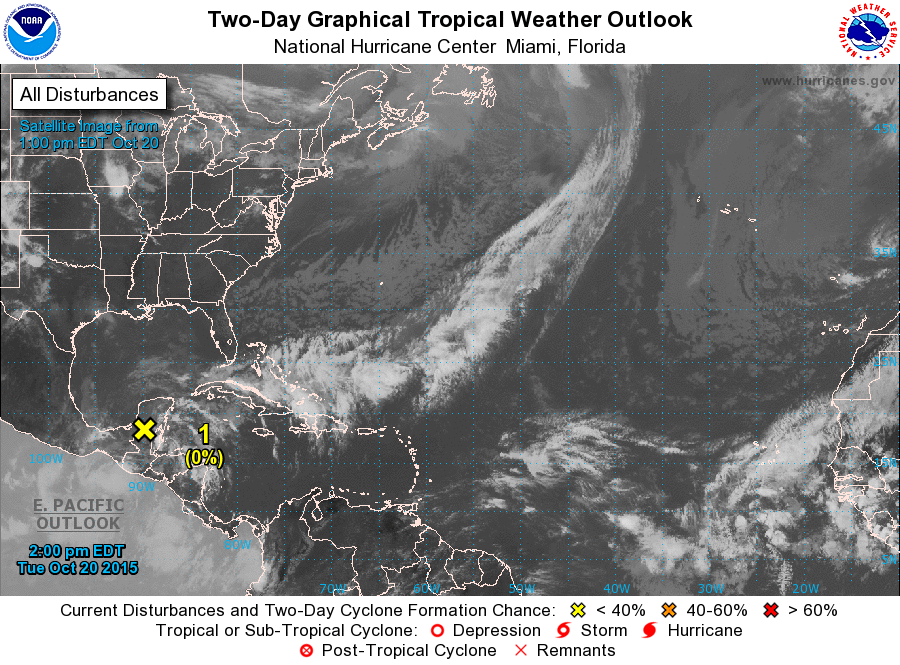
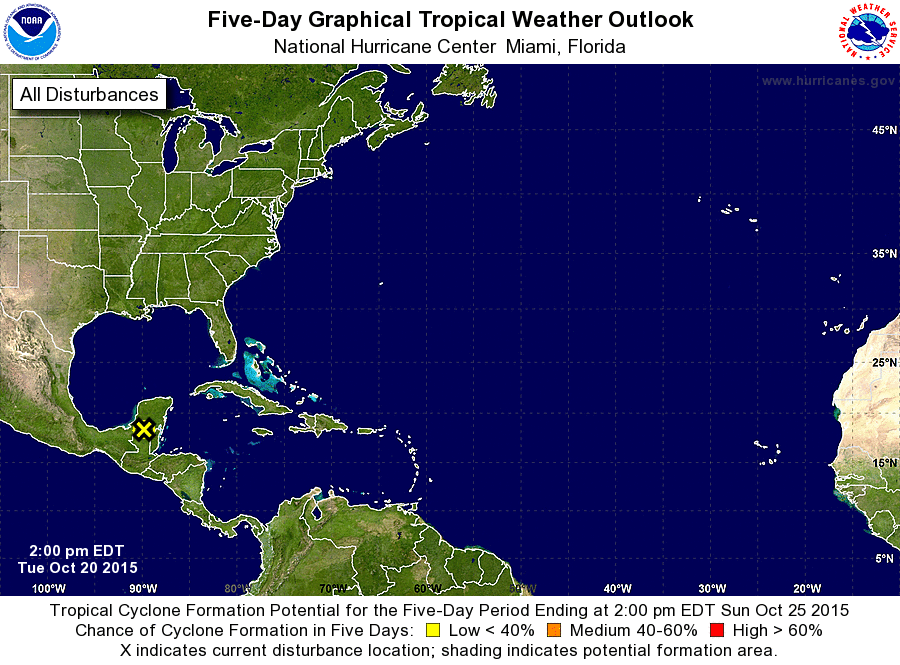
For the North Atlantic...Caribbean Sea and the Gulf of Mexico:

1. The area of low pressure previously near the coast of Belize has moved inland over the Yucatan Peninsula and weakened to a trough. Development of this system now appears unlikely as it moves westward to west-northwestward across the Bay of Campeche during the next couple of days. This system could produce locally heavy rain across portions of Belize, northern Guatemala, Honduras, and the Yucatan Peninsula during the next few days.
* Formation chance through 48 hours...low...near 0 percent
* Formation chance through 5 days...low...near 0 percent

Forecaster Beven